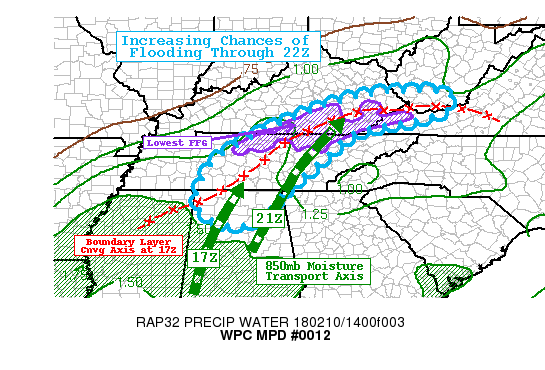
AREAS AFFECTED...SRN/ERN KY...CTRL/ERN TN...SRN WV...FAR WRN
VA...NRN AL

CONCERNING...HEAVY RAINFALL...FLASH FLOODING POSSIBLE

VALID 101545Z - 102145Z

SUMMARY...THE CHANCES OF FLOODING WILL INCREASE INTO THE AFTERNOON
HOURS FROM THE TENNESSEE VALLEY INTO THE CUMBERLAND PLATEAU AND
NEARBY AREAS. RAIN RATES SHOULD GENERALLY BE AROUND 0.5 IN/HR OR
LESS...BUT SUSTAINED OVER 3-6 HOURS COULD PRODUCE SOME FLASH
FLOODING GIVEN ALREADY SATURATED SOILS.

DISCUSSION...REGIONAL RADARS AT 1530Z SHOWED A PLUME OF MODERATE
TO OCCASIONALLY HEAVY RAIN STRETCHING FROM NRN MISSISSIPPI TO AS
FAR NORTHEAST AS NRN VIRGINIA. THIS ARC OF RAIN WAS ANCHORED IN
THE AXIS OF HIGHER PWATS AND ALONG THE NOSE OF THE DEVELOPING
LOW-LEVEL JET. OBJECTIVE RAP ANALYSIS ALSO SHOWED A LONG RIBBON OF
ENHANCED BOUNDARY LAYER CONVERGENCE CO-LOCATED WITH THE RAIN...AND
THIS WAS SITUATED SOUTHEAST OF THE SYNOPTIC FRONT (ABOUT 150 MILES
TO THE NORTHWEST). AS HIGHER PWATS CONTINUE TO SURGE TO THE
NORTHEAST IN DEEP SOUTHWESTERLY FLOW INTO THE AFTERNOON
HOURS...THE AVERAGE POSITION OF THE MOISTURE AND LOW-LEVEL
CONVERGENCE AXIS SHOULD CHANGE VERY LITTLE AND THIS IS EXPECTED TO
SUSTAIN THE RAINFALL FROM NRN AL AND MIDDLE TN NORTHEASTWARD INTO
SRN/ERN KENTUCKY AND SRN WEST VIRGINIA.

THE LOWEST FLASH-FLOOD GUIDANCE VALUES IN THE OUTLINED AREA WERE
FROM NASHVILLE METRO ENE INTO SOUTHEAST KENTUCKY. 6-HOUR FFG WAS
ON THE ORDER OF 1-2 INCHES IN THIS CORRIDOR...WITH HRRR PERCENT
SOIL SATURATION (TOP 1 CM) GENERALLY ABOVE 80 PERCENT.
THEREFORE...ALTHOUGH HOURLY RAIN RATES SHOULD NOT BE EXCEPTIONALLY
HIGH...SUSTAINED MODERATE RAINFALL OVER 3-6 HOURS COULD EXCEED
FLASH FLOOD GUIDANCE AND WILL CONTRIBUTE TO A GRADUAL INCREASE IN
THE CHANCES FOR FLOODING ACROSS THE REGION INTO THE AFTERNOON
HOURS. A FEW LIGHTNING STRIKES HAVE BEEN OBSERVED IN NORTHERN
TENNESSEE IN THE 15Z HOUR...AND RAP ANALYSIS INDICATES MUCAPE
AROUND 100 J/KG OR SO. THEREFORE...IT IS NOT OUT OF THE QUESTION
THAT SOME SMALL BANDS OF HEAVIER RAIN COULD DEVELOP WITH RAIN
RATES THAT BRIEFLY EXCEED 0.5 IN/HR...AND THAT WOULD ONLY ENHANCE
THE RISK OF FLOODING.

BY LATER IN THE AFTERNOON (AFTER 20Z)...THE GREATER CHANCES FOR
FLOODING ARE EXPECTED TO BUILD INTO SERN KENTUCKY AND SURROUNDING
AREAS...AS THE NOSE OF THE STRONGEST 850MB MOISTURE TRANSPORT
BECOMES MOST FAVORABLY ALIGNED WITH THE REGION OF LOWEST FFG AND
RAP FORECASTS THE BNA PWAT TO APPROACH FEBRUARY RECORD LEVELS.